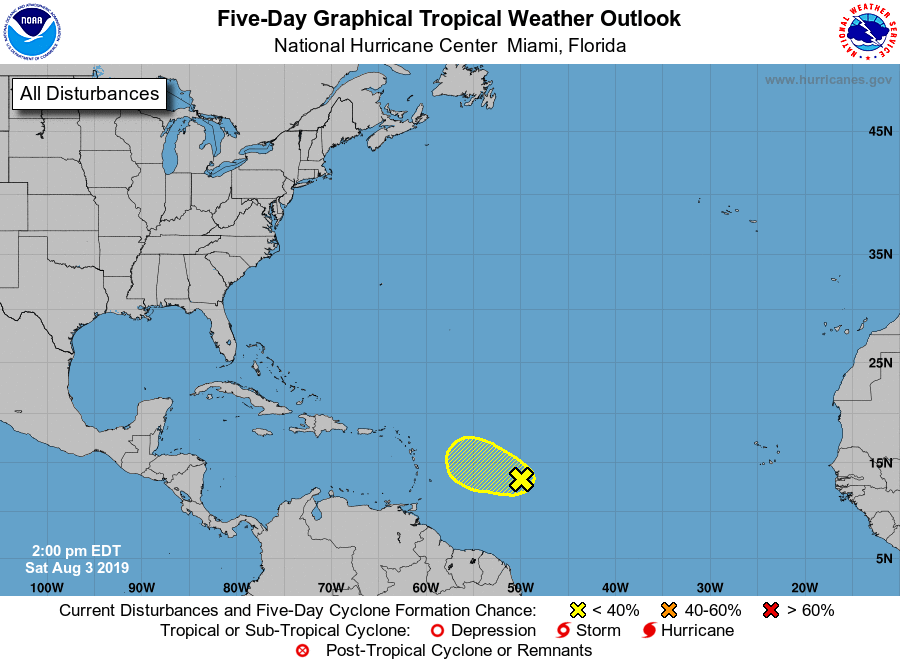
For the North Atlantic...Caribbean Sea and the Gulf of Mexico:

1. A large area of showers and thunderstorms located several hundred miles east of the Lesser Antilles is associated with a tropical wave. Some slow development of this system is possible over the next day or two as the disturbance moves west-northwestward toward the northern Lesser Antilles. Upper-level winds are then expected to become unfavorable for further development early next week.
* Formation chance through 48 hours...low...20 percent.
* Formation chance through 5 days...low...20 percent.

Forecaster Latto/Zelinsky